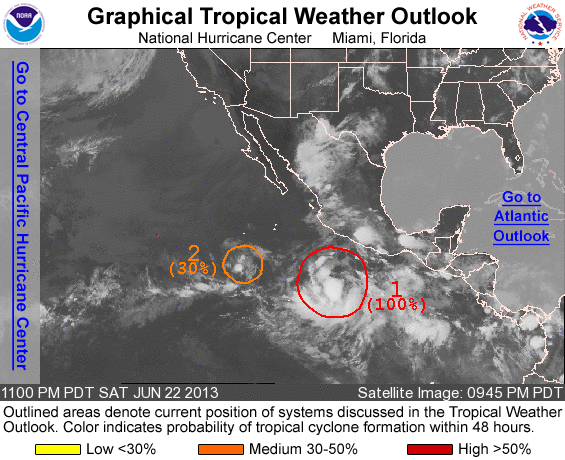
FOR THE EASTERN NORTH PACIFIC...EAST OF 140 DEGREES WEST LONGITUDE..

1. SHOWER AND THUNDERSTORM ACTIVITY HAS INCREASED AND BECOME BETTER ORGANIZED IN ASSOCIATION WITH A LOW PRESSURE SYSTEM LOCATED ABOUT 450 MILES SOUTH OF MANZANILLO MEXICO. ENVIRONMENTAL CONDITIONS ARE CONDUCIVE FOR ADDITIONAL DEVELOPMENT...AND THIS LOW COULD BECOME A TROPICAL DEPRESSION BY SUNDAY MORNING. THIS SYSTEM HAS A HIGH CHANCE...NEAR 100 PERCENT...OF BECOMING A TROPICAL CYCLONE DURING THE NEXT 48 HOURS WHILE IT MOVES WEST-NORTHWESTWARD AT 5 TO 10 MPH.

2. AN AREA OF LOW PRESSURE CENTERED ABOUT 650 MILES SOUTH-SOUTHWEST OF THE SOUTHERN TIP OF BAJA CALIFORNIA CONTINUES TO PRODUCE A SMALL AREA OF SHOWERS AND THUNDERSTORMS. SOME DEVELOPMENT OF THIS SYSTEM IS POSSIBLE BEFORE UPPER-LEVEL WINDS INCREASE IN A DAY OR TWO. THIS SYSTEM HAS A MEDIUM CHANCE...30 PERCENT...OF BECOMING A TROPICAL CYCLONE DURING THE NEXT 48 HOURS WHILE IT MOVES LITTLE.

ELSEWHERE...TROPICAL CYCLONE FORMATION IS NOT EXPECTED DURING THE NEXT 48 HOURS.

FORECASTER CANGIALOSI